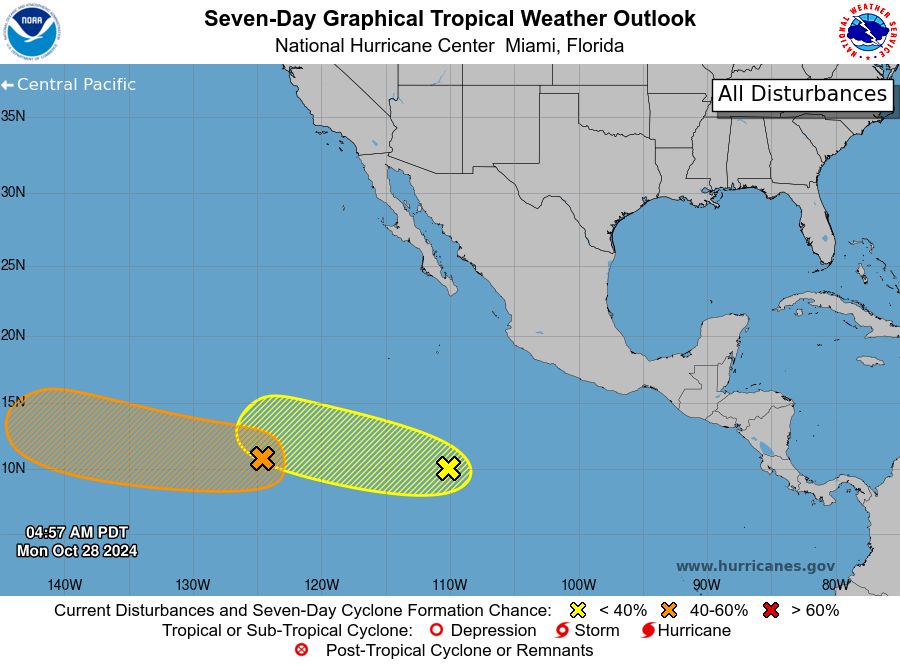
For the eastern North Pacific...east of 140 degrees west longitude:

1. Western East Pacific (EP91): A broad area of low pressure located more than 1000 miles southwest of the southern tip of the Baja California peninsula is producing disorganized shower activity. Environmental conditions appear generally conducive for gradual development of this system, and a tropical depression could form within the next few days while it moves westward at about 15 mph. This system is expected to move into the central Pacific basin by the end of the week.
* Formation chance through 48 hours...low...20 percent.
* Formation chance through 7 days...medium...60 percent.

2. Central East Pacific: A weak area of low pressure has formed about 1000 miles southwest of the southwestern coast of Mexico. Some slow development is possible during the next 3 to 4 days while the low moves slowly to the west-northwest. By the end of the week, however, strong upper-level winds should end the chances of development.
* Formation chance through 48 hours...low...10 percent.
* Formation chance through 7 days...low...20 percent.

Forecaster Cangialosi/Adams